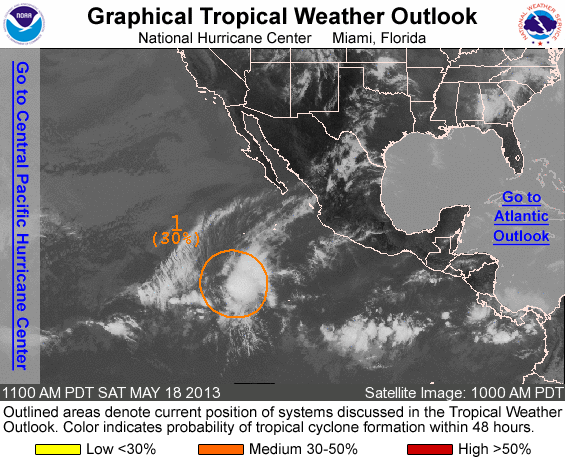
FOR THE EASTERN NORTH PACIFIC...EAST OF 140 DEGREES WEST LONGITUDE..

1. AN AREA OF LOW PRESSURE...ASSOCIATED WITH THE REMNANTS OF ALVIN...IS LOCATED ABOUT 950 MILES WEST-SOUTHWEST OF MANZANILLO MEXICO. ALTHOUGH THE ASSOCIATED SHOWER AND THUNDERSTORM ACTIVITY HAS PERSISTED TO THE EAST OF THE CENTER THIS MORNING...ANY ADDITIONAL DEVELOPMENT OF THIS LOW IS EXPECTED TO BE LIMITED AS UPPER-LEVEL WINDS BECOME LESS FAVORABLE TONIGHT. THIS SYSTEM HAS A MEDIUM CHANCE...30 PERCENT...OF BECOMING A TROPICAL CYCLONE AGAIN DURING THE NEXT 48 HOURS AS IT MOVES WESTWARD AT AROUND 10 MPH.

ELSEWHERE...TROPICAL CYCLONE FORMATION IS NOT EXPECTED DURING THE NEXT 48 HOURS.

FORECASTER CANGIALOSI